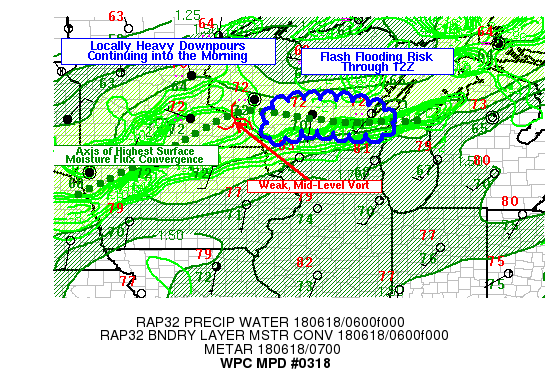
AREAS AFFECTED...WISCONSIN

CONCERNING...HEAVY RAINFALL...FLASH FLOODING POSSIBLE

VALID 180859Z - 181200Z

SUMMARY...LOCALLY HEAVY DOWNPOURS WILL CONTINUE FROM SOUTHWEST WI
EASTWARD ALONG THE AXIS OF BEST MOISTURE FLUX CONVERGENCE THROUGH
12Z BEFORE TAPERING OFF LATER THIS MORNING.

DISCUSSION...LOCALLY HEAVY RAINFALL FROM STORMS MAY RESULT IN
FLASH FLOODING OVER PORTIONS OF SOUTHEAST MN INTO ADJACENT
PORTIONS OF SOUTHWEST AND CENTRAL WI.

THE AIRMASS IS LADEN WITH MOISTURE...WITH BLENDED TPW IMAGERY
SHOWING THE STORMS LOCATED IN A REGION OF 2 INCH PRECIPITABLE
WATER VALUES.  THE LOW LEVEL INFLOW WAS ALSO TAPPING THIS AIRMASS.
THE CONVECTION ALSO APPEARED TO BE AIDED BY A WEAK MID LEVEL
SHORTWAVE APPROACHING FROM THE SOUTHWEST.

WHAT HAS LIMITED THE RAINFALL RATES TO THIS POINT...AND MAY WELL
BE A CONSIDERATION THAT LIMITS WIDESPREAD FLASH FLOOD
POTENTIAL...IS MODEST CAPE IN PLACE.  LATEST SPC MESOSCALE
GUIDANCE SHOWED CAPE VALUES AT OR ONLY MARGINALLY ABOVE 500 J PER
KG IN THE PRECIPITATION AREA.

OBSERVED RAINFALL RATES HAVE TYPICALLY BEEN AROUND 0.50 INCHES PER
HOUR OR LESS OVERNIGHT...ALTHOUGH SPOTTY AMOUNTS APPROACHING 1.5
INCHES PER HOUR WERE BEING DEPICTED OVER SOUTHWEST WI AHEAD OF THE
WAVE AS EARLY AS 08Z.  THESE AMOUNTS WERE BEGINNING TO APPROACH
FFG VALUES IN AREAS NOT ALREADY SOAKED...AND WOULD RESUKT UB THE
CONTINUATION OF ANY ON-GOING FLOODING FARTHER EAST THROUGH 12Z.